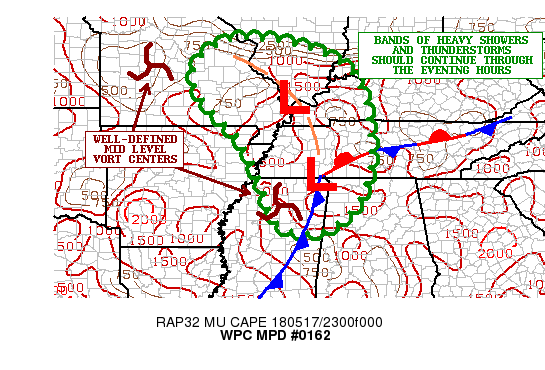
AREAS AFFECTED...LOWER OH VALLEY...LOWER/MID MS VALLEY...MID SOUTH

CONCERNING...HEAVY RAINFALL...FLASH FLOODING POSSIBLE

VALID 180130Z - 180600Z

SUMMARY...SEVERAL CLUSTERS OF HEAVY SHOWERS AND THUNDERSTORMS WILL
TEND TO LINGER THROUGH THE LATE EVENING HOURS. GIVEN EARLIER
RAINS...SOME FLASH FLOODING WILL REMAIN POSSIBLE.

DISCUSSION...A CONSENSUS OF THE LATEST HRRR GUIDANCE AND THE
OVERALL HIRES CAM CONSENSUS SUPPORTS THE IDEA OF CONVECTION
TENDING TO LINGER A BIT ACROSS AREAS OF THE LOWER OH
VALLEY...MID/LOWER MS VALLEY AND PORTIONS OF THE MID SOUTH OVER
THE NEXT SEVERAL HOURS.

ONGOING CONVECTION ACROSS THE REGION IS CHARACTERIZED BY MULTIPLE
BROKEN BANDS OF HEAVY SHOWERS AND THUNDERSTORMS THAT ARE ROTATING
WESTWARD AROUND THE NORTH SIDE OF A BROAD UPPER LOW. EMBEDDED
WITHIN THE LARGE SCALE CIRCULATION ARE A COUPLE OF WELL-DEFINED
VORT CENTERS AND ASSOCIATED PV ANOMALIES. ONE IS OVER CENTRAL MO
AND ANOTHER ONE OVER NORTHERN MS. THIS ENERGY IS PROVIDING AT
LEAST MODEST LARGE SCALE ASCENT OVER THE REGION AND IS INTERACTING
WITH AN ANOMALOUSLY MOIST AND AT LEAST MODESTLY UNSTABLE BOUNDARY
LAYER FOR SUSTAINABLE CONVECTION.

OVER THE NEXT FEW HOURS THE CONVECTIVE COVERAGE SHOULD DECREASE
SOME AS DIURNALLY DRIVEN INSTABILITY IS EXHAUSTED...BUT THE
CYCLONIC FLOW ALOFT AND AFOREMENTIONED VORT ENERGY SHOULD TEND TO
FAVOR SOME BROKEN BANDS OF CONVECTION PERSISTING AND POSSIBLY
REDEVELOPING CLOSE TO THE VORT CENTERS WHERE FORCING IS STRONGEST.
THIS ACTIVITY WILL BE CAPABLE OF PRODUCING VERY HEAVY RAINFALL
AMOUNTS AND ESPECIALLY WITH SOME CELLS VERY SLOW MOVING. THE
RAINFALL RATES ARE LIKELY TO EXCEED 2 INCHES/HR WITHIN THE
STRONGER CONVECTIVE CORES.

EXPECT AS MUCH AS 3 TO 4 INCHES OF RAIN AT LEAST LOCALLY. GIVEN
THE RELATIVELY WET SOIL CONDITIONS...THESE ADDITIONAL AMOUNTS WILL
RESULT IN SOME POTENTIAL FOR FLASH FLOODING.